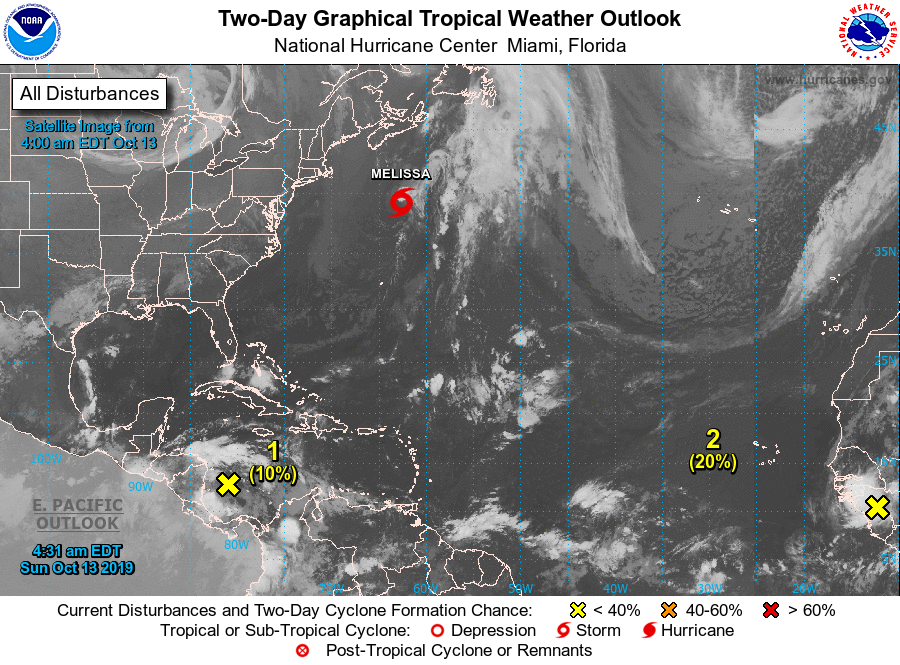
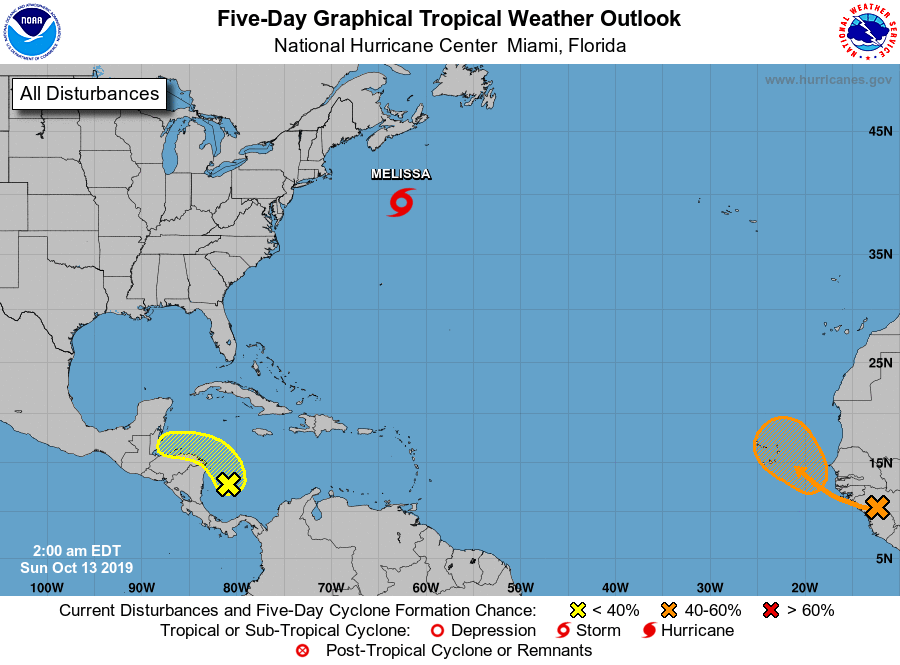
For the North Atlantic...Caribbean Sea and the Gulf of Mexico:

The National Hurricane Center is issuing advisories on Tropical Storm Melissa, located several hundred miles south of Nova Scotia, Canada.

1. A broad area of low pressure located over the southwestern Caribbean Sea is producing disorganized showers and thunderstorms. This system is expected to move west-northwestward toward Central America, and some development is possible if the low remains over water when it is near the coasts of Honduras, Guatemala, and Belize on Monday and Tuesday. Regardless of development, this system could bring heavy rains to portions of Central America during the next few days.
* Formation chance through 48 hours...low...10 percent.
* Formation chance through 5 days...low...20 percent.

2. A tropical wave, accompanied by a broad area of low pressure, is producing a large area of showers and thunderstorms over portions of western Africa. This wave is expected to move off the coast later today, and although tropical cyclone formation in this area is climatologically unlikely this late in the hurricane season, some development of the system is possible during the next few days while it moves westward to west-northwestward toward the Cabo Verde Islands. Strong upper-level winds should prevent additional development by midweek.
* Formation chance through 48 hours...low...20 percent.
* Formation chance through 5 days...medium...40 percent.

Forecaster Cangialosi